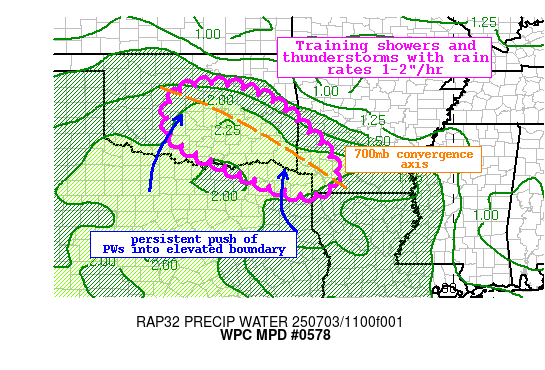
Areas affected...Central and Eastern Oklahoma through Southern
Arkansas

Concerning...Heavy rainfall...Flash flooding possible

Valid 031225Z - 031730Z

Summary...An axis of showers and thunderstorms will continue to
train across eastern Oklahoma this morning. Rain rates of 1-2"/hr
are expected within this convection, leading to 2-3" of rain with
locally higher amounts. Flash flooding is possible.

Discussion...The regional radar mosaic this morning shows an axis
of expanding convection oriented NW to SE across eastern Oklahoma.
This convection is blossoming along an elevated 700mb front north
of a surface boundary draped over eastern Texas, with persistent
isentropic ascent and moisture confluence occurring into the
boundary on 850-700mb winds of 15-25 kts measured via local VWPs.
Moisture is impressive across the area with PWs around 2.1 inches
(above the 90th percentile) and 700-500mb RH above 90%. With 700mb
winds gradually veering and converging into this front, moisture
confluence is maximized along this boundary, which in combination
with the accompanying lift is driving the ongoing thunderstorm
activity.

The CAMs are struggling to initialize both the breadth and
intensify of the morning thunderstorms, leading to a lower than
typical confidence for the evolution the next few hours. However,
the ARW and ARW2, as well as the recent RRFS, all at least hint at
the activity and are used to help forecast the flash flood risk.
The setup will remain favorable for continued convection as
moisture confluence into the boundary combined with the
convergence will focus development along this axis. Mean 0-6km
winds will remain light at just 5-10 kts, and with Corfidi vectors
aligned parallel to the boundary and anti-parallel to the mean
wind, an enhanced risk for backbuilding and training of cells will
continue at least until the 850-700mb inflow weakens in the next
few hours. Although the axis of heavy rainfall is expected to be
narrow and focused along this elevated boundary, near-record PWs
and a slow rise in MUCAPE will support rain rates above 1"/hr,
which through training will create stripes of 2-3" of rain with
locally higher amounts.

FFG across the region is generally elevated at 2.5-4"/3hrs due to
a lack of recent rainfall across most of the discussion area, but
0-10cm soil moisture from NASA SPoRT has not fully dried and is
still above the 90th percentile in many areas. This suggests that
infiltration capacity of the soil is somewhat limited. So, where
training can occur (to saturate the soils and then overwhelm
them), instances of flash flooding are possible, but will be most
likely across urban areas or where the most pronounced training
does occur.